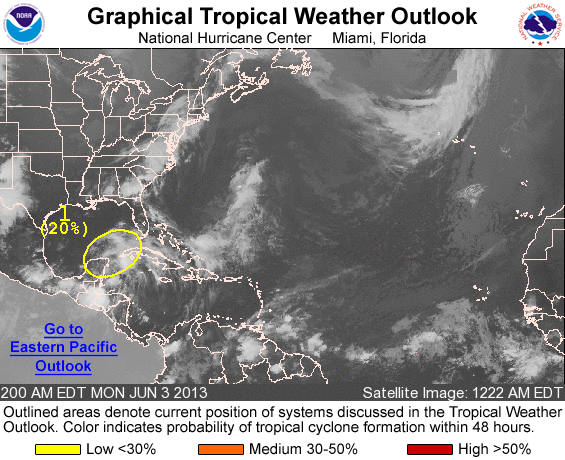
FOR THE NORTH ATLANTIC...CARIBBEAN SEA AND THE GULF OF MEXICO...

1. WIDESPREAD CLOUDINESS AND SHOWERS...ASSOCIATED WITH A TROUGH OF LOW PRESSURE EXTENDING FROM THE YUCATAN PENINSULA TO THE STRAITS OF FLORIDA...HAVE CHANGED LITTLE IN ORGANIZATION DURING THE PAST SEVERAL HOURS. ANY DEVELOPMENT OF THIS SYSTEM IS LIKELY TO BE SLOW TO OCCUR DUE TO MARGINALLY FAVORABLE ENVIRONMENTAL CONDITIONS. THIS SYSTEM HAS A LOW CHANCE...20 PERCENT...OF BECOMING A TROPICAL CYCLONE DURING THE NEXT 48 HOURS AS IT DRIFTS GENERALLY NORTHWARD.

ELSEWHERE...TROPICAL CYCLONE FORMATION IS NOT EXPECTED DURING THE NEXT 48 HOURS.

FORECASTER KIMBERLAIN